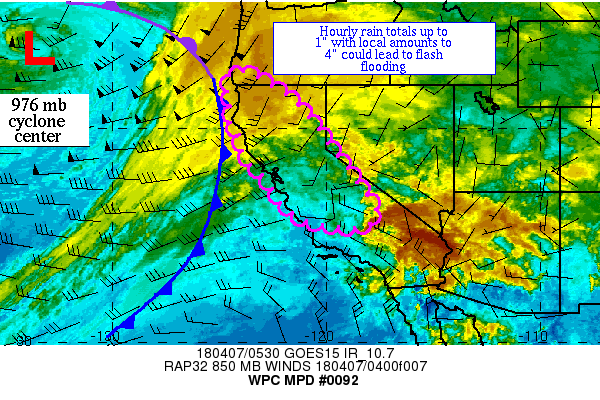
AREAS AFFECTED...NORTHERN & CENTRAL CA

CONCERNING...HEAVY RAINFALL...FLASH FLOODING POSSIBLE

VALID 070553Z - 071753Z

SUMMARY...A COLD FRONT INTERACTING WITH THE PINEAPPLE EXPRESS AND
AVAILABLE INSTABILITY IS EXPECTED TO LEAD TO HOURLY RAIN TOTALS OF
0.5-1.0" INTO THE MORNING HOURS, WITH LOCAL AMOUNTS TO 4" THROUGH
18Z.

DISCUSSION...THE PINEAPPLE EXPRESS FORM OF AN ATMOSPHERIC RIVER
CONTINUES INVADING CALIFORNIA FROM THE PACIFIC.  A COLD FRONT IS
POISED TO MAKE LANDFALL IN NORTHWEST CA AT THIS TIME.
PRECIPITABLE WATER VALUES PER GPS VALUES ARE 1.8" JUST NORTH OF
THE BAY AREA, AND REGIONALLY EXCEED 1.3".  WET BULB ZERO HEIGHT
WAS A TROPICAL 13,000 FEET PER THE 00Z OAKLAND SOUNDING.  MU CAPE
VALUES PER RECENT SPC MESOANALYSES ARE QUITE HIGH FOR OUTSIDE THE
CENTER OF A DEEP LAYER PACIFIC CYCLONE; 100-250 J/KG ALONG THE
IMMEDIATE COAST AND OVER 500 J/KG NOT FAR OFFSHORE.  INFLOW AT 850
HPA IS WEST TO SOUTHWEST AT 20-40 KTS PER THE EUREKA CA SOUNDING
AND RAP FORECASTS.  EFFECTIVE BULK SHEAR IS 25-40 KTS PER SPC
MESOANALYSES.

BOUNDARY LAYER MOISTURE CONVERGENCE ASSOCIATED WITH A COLD FRONT
MOVES INLAND SHORTLY AND IS EXPECTED TO EFFECTIVELY WRING OUT THE
AVAILABLE MOISTURE, EVEN AFTER MU CAPE IS TAPPED AND FADES BEYOND
08Z.  RULES OF THUMB REGARDING MOISTURE AND INSTABILITY SUPPORT
HOURLY RAIN TOTALS OF 0.75" IN THIS ENVIRONMENT, WHICH IS
FORECAST/INDICATED BY THE 00Z HREF PROBABILITIES OF REACHING THE
0.5" AND 1" AN HOUR THRESHOLDS.  WHEN COMBINED WITH THE FLOOD
ISSUES/DEBRIS FLOWS WHICH HAVE OCCURRED SO FAR IN CENTRAL CA,
FLASH FLOODING BECOMES AN INCREASING CONCERN.  THE MESOSCALE
GUIDANCE INDICATES TOTAL AMOUNTS THROUGH 18Z UP TO 4", WHICH COULD
LEAD TO EVENT TOTALS OF 9"+ FOR CENTRAL CA.